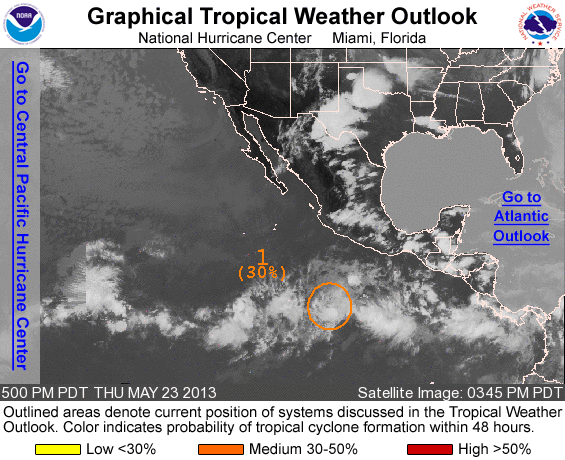
FOR THE EASTERN NORTH PACIFIC...EAST OF 140 DEGREES WEST LONGITUDE..

1. AN AREA OF DISTURBED WEATHER LOCATED ABOUT 550 MILES SOUTH-SOUTHWEST OF ACAPULCO MEXICO REMAINS POORLY ORGANIZED. SOME GRADUAL DEVELOPMENT...HOWEVER...IS POSSIBLE OVER THE NEXT FEW DAYS. THIS SYSTEM HAS A MEDIUM CHANCE...30 PERCENT...OF BECOMING A TROPICAL CYCLONE DURING THE NEXT 48 HOURS WHILE IT MOVES WESTWARD AT ABOUT 10 MPH.

ELSEWHERE...TROPICAL CYCLONE FORMATION IS NOT EXPECTED DURING THE NEXT 48 HOURS.

FORECASTER BLAKE